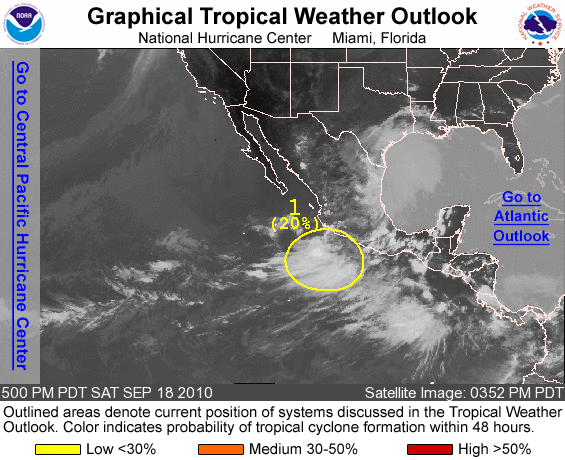
FOR THE EASTERN NORTH PACIFIC...EAST OF 140 DEGREES WEST LONGITUDE..

1. A LARGE AREA OF DISTURBED WEATHER CENTERED A COUPLE HUNDRED MILES SOUTH OF MANZANILLO MEXICO IS MOVING SLOWLY WESTWARD. THIS SYSTEM HAS SOME POTENTIAL FOR SLOW DEVELOPMENT DURING THE NEXT DAY OR TWO...AND THERE IS A LOW CHANCE...NEAR 20 PERCENT...OF THIS SYSTEM BECOMING A TROPICAL CYCLONE DURING THE NEXT 48 HOURS.

ELSEWHERE...TROPICAL CYCLONE FORMATION IS NOT EXPECTED DURING THE NEXT 48 HOURS.

FORECASTER AVILA